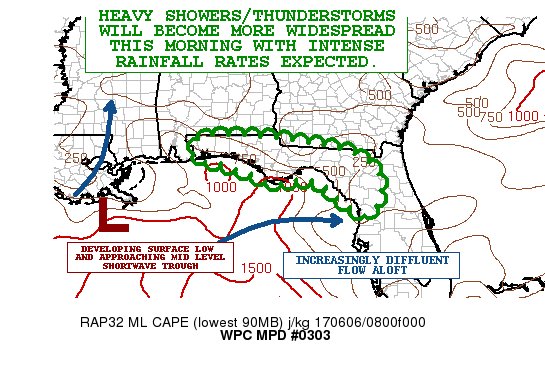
AREAS AFFECTED...FL PANHANDLE...FL BIG BEND

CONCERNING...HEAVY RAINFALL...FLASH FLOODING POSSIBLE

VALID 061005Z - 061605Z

SUMMARY...HEAVY SHOWERS AND THUNDERSTORMS WILL BE INCREASING IN
COVERAGE THROUGH THE MORNING HOURS. VERY INTENSE RAINFALL RATES OF
OVER 2 INCHES/HR...SLOW CELL MOTION AND TRAINING OF CONVECTION MAY
CAUSE RUNOFF PROBLEMS AND/OR FLASH FLOODING.

DISCUSSION...A WELL-DEFINED MID LEVEL SHORTWAVE/VORT CENTER
EMBEDDED WITHIN A BROADER TROUGH MOVING DOWN INTO THE NORTHERN
GULF OF MEXICO WILL BE FOCUSING A WAVE OF LOW PRESSURE NEAR THE
CENTRAL GULF COAST BY LATER THIS MORNING. THIS WILL BEGIN TO
FOSTER STRONGER SURFACE CONVERGENCE AND MOISTURE TRANSPORT FROM
AREAS OF SOUTHERN MS/SOUTHERN AL EAST ACROSS ESPECIALLY THE FL
PANHANDLE AND ADJACENT AREAS OF THE FL PENINSULA. THE UPPER LEVEL
FLOW ACROSS THE REGION IS GRADUALLY BECOMING MORE DIFFLUENT AND
WITH STRENGTHENING LOW TO MID LEVEL CONFLUENCE...AREAS OF THE FL
PANHANDLE AND OVER TOWARD THE FL BIG BEND MAY BEGIN TO SEE SOME
CONCENTRATED BANDS OF TRAINING CONVECTION BEGIN TO SET UP. THERE
IS PLENTY OF INSTABILITY NOTED OUT OVER THE NORTHERN GULF OF
MEXICO WHICH SHOULD IN TIME BECOME MORE FOCUSED NEAR THE COAST.

EXPECT CONVECTION TO BECOME BETTER ORGANIZED THIS MORNING AND
EXPANSIVE IN COVERAGE GIVEN THE INCREASING
BROAD-SCALE DYNAMIC AND FRONTOGENETIC SUPPORT AHEAD OF THE
APPROACHING TROUGH AND A WAVE OF SURFACE LOW PRESSURE WITHIN A
HIGHLY-FAVORABLE THERMODYNAMICAL ENVIRONMENT WITH PWATS OF 2-2.25
INCHES...AND MLCAPE VALUES RISING TO OVER 1000 J/KG BY LATER THIS
MORNING NEAR THE COAST. EXPECT RAINFALL RATES GRADUALLY TO
INCREASE TO OVER 2 INCHES/HR AND WITH RELATIVELY SLOW CELL
MOTION...AND POTENTIAL FOR TRAINING SOME VERY HEAVY RAINFALL
TOTALS WILL BE POSSIBLE. THE LATEST HREFV2 MEAN SUGGESTS AS MUCH
AS 3 TO 5+ INCHES OF RAIN THROUGH MIDDAY. THIS WILL ENCOURAGE SOME
RUNOFF AND/OR FLASH FLOODING PROBLEMS.